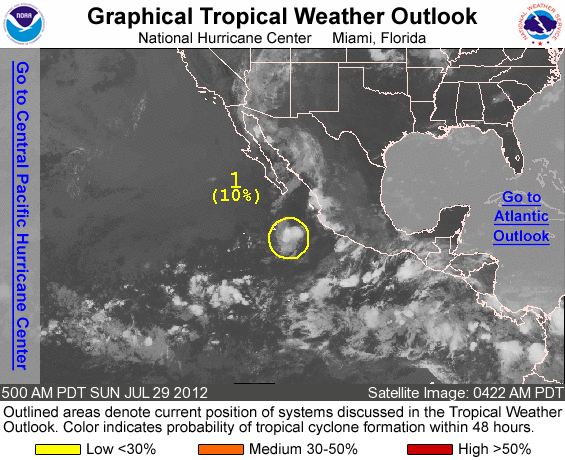
FOR THE EASTERN NORTH PACIFIC...EAST OF 140 DEGREES WEST LONGITUDE..

1. SHOWER AND THUNDERSTORM ACTIVITY REMAINS DISORGANIZED IN ASSOCIATION WITH A MID-LEVEL CIRCULATION LOCATED ABOUT 300 MILES WEST-SOUTHWEST OF MANZANILLO MEXICO. THERE ARE NO SIGNS OF A SURFACE LOW...AND ANY DEVELOPMENT OF THIS WEAK DISTURBANCE SHOULD BE SLOW TO OCCUR. THIS SYSTEM HAS A LOW CHANCE...10 PERCENT...OF BECOMING A TROPICAL CYCLONE DURING THE NEXT 48 HOURS AS IT MOVES WESTWARD AT AROUND 10 MPH.

ELSEWHERE...TROPICAL CYCLONE FORMATION IS NOT EXPECTED DURING THE NEXT 48 HOURS.

FORECASTER BRENNAN